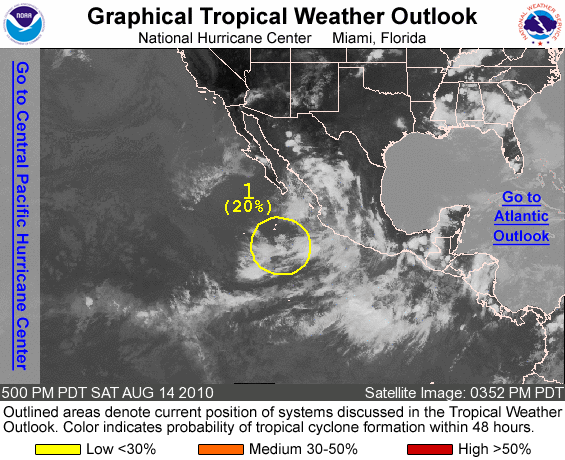
FOR THE EASTERN NORTH PACIFIC...EAST OF 140 DEGREES WEST LONGITUDE..

1. SHOWERS AND THUNDERSTORMS REMAIN DISORGANIZED IN ASSOCIATION WITH A BROAD AREA OF LOW PRESSURE LOCATED ABOUT 450 MILES SOUTH OF THE SOUTHERN TIP OF BAJA CALIFORNIA. ANY DEVELOPMENT OF THIS SYSTEM WILL BE SLOW TO OCCUR AS IT MOVES LITTLE OVER THE NEXT COUPLE OF DAYS. THERE IS A LOW CHANCE...20 PERCENT...OF THIS SYSTEM BECOMING A TROPICAL CYCLONE DURING THE NEXT 48 HOURS.

ELSEWHERE...TROPICAL CYCLONE FORMATION IS NOT EXPECTED DURING THE NEXT 48 HOURS.

FORECASTER BRENNAN